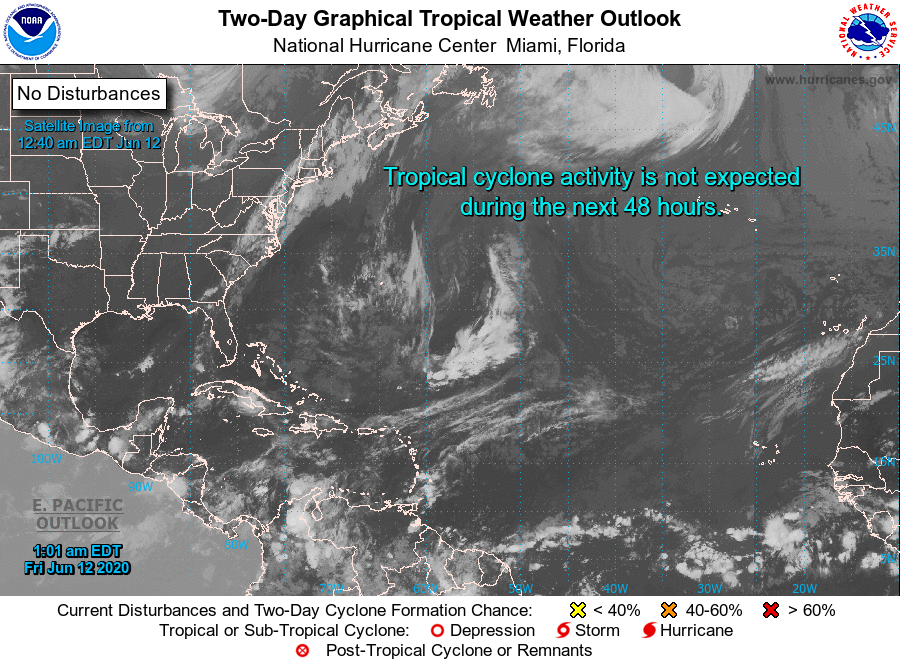
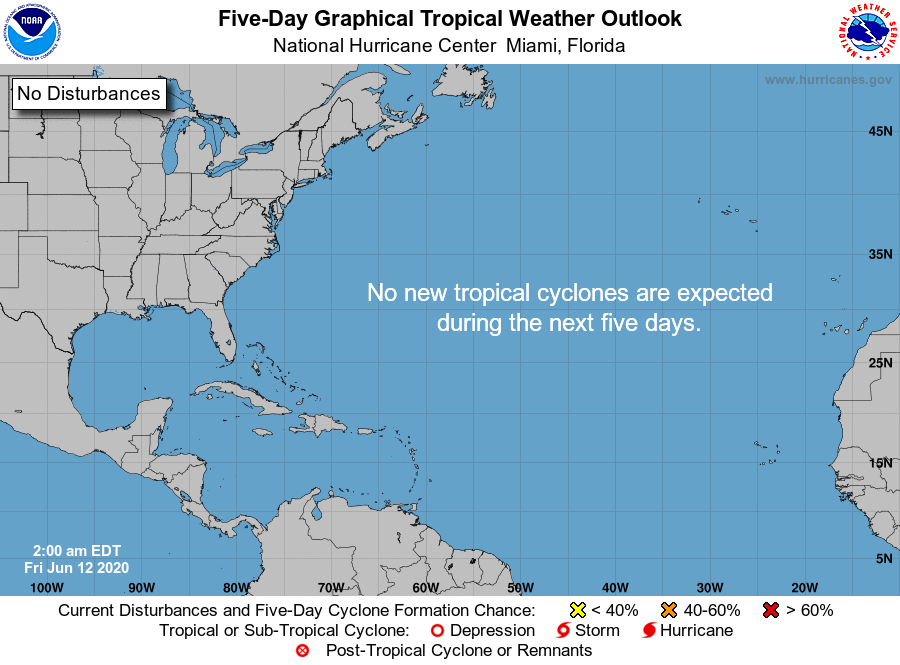
For the North Atlantic...Caribbean Sea and the Gulf of Mexico:

Tropical cyclone formation is not expected during the next 5 days.

Forecaster Zelinsky